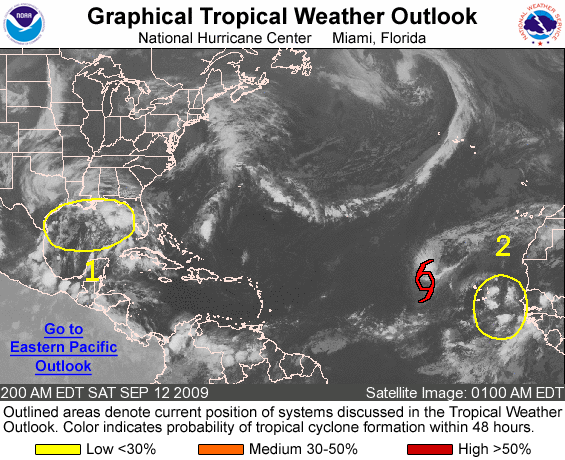
FOR THE NORTH ATLANTIC...CARIBBEAN SEA AND THE GULF OF MEXICO...

THE NATIONAL HURRICANE CENTER IS ISSUING ADVISORIES ON WEAKENING TROPICAL STORM FRED...LOCATED ABOUT 650 MILES WEST-NORTHWEST OF THE CAPE VERDE ISLANDS.

1. A LARGE AREA OF DISTURBED WEATHER COVERING MUCH OF THE NORTHERN GULF OF MEXICO IS ASSOCIATED WITH A SURFACE TROUGH AND A MID- TO UPPER- LEVEL LOW. WHILE ENVIRONMENTAL CONDITIONS ARE NOT CONDUCIVE FOR TROPICAL CYCLONE DEVELOPMENT...THIS SYSTEM WILL BRING LOCALLY HEAVY RAINS TO THE NORTHERN GULF COAST OVER THE NEXT DAY OR TWO AS IT MOVES SLOWLY NORTHWARD. THERE IS A LOW CHANCE...LESS THAN 30 PERCENT...OF THIS SYSTEM BECOMING A TROPICAL CYCLONE DURING THE NEXT 48 HOURS.

2. A BROAD AREA OF LOW PRESSURE ASSOCIATED WITH A TROPICAL WAVE IS LOCATED ABOUT HALFWAY BETWEEN THE WEST COAST OF AFRICA AND THE CAPE VERDE ISLANDS. WHILE SHOWER AND THUNDERSTORM ACTIVITY ASSOCIATED WITH THIS SYSTEM IS DISORGANIZED...THERE IS THE POTENTIAL FOR SOME SLOW DEVELOPMENT DURING THE NEXT COUPLE OF DAYS AS IT MOVES WESTWARD AT ABOUT 10 MPH. THERE IS A LOW CHANCE...LESS THAN 30 PERCENT...OF THIS SYSTEM BECOMING A TROPICAL CYCLONE DURING THE NEXT 48 HOURS.

ELSEWHERE...TROPICAL CYCLONE FORMATION IS NOT EXPECTED DURING THE NEXT 48 HOURS.

FORECASTER BLAKE